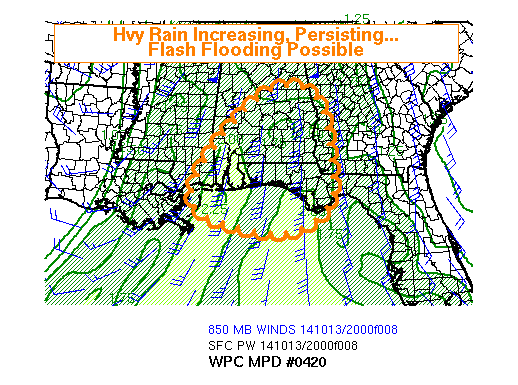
AREAS AFFECTED...WRN FL...FAR SRN MS...SRN AL...FAR SW GA

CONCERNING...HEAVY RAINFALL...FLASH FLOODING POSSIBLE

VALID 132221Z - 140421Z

SUMMARY...THE EARLY ONSET OF A POTENTIALLY LENGTHY PERIOD OF HEAVY
RAIN IS EXPECTED THIS EVENING. GIVEN RICH MOISTURE AND STRONG
INFLOW TO SUSTAIN STORMS...FLASH FLOODING MAY BE OBSERVED IN THIS
REGION BY 01-04Z.

DISCUSSION...AS OF 22Z RADAR AND SATELLITE TRENDS SUPPORTED HIGH
RESOLUTION MODELS IN SUGGESTING THAT AN ANTICIPATED HEAVY RAIN
EVENT WAS BEGINNING ALONG THE GULF COAST. THIS REGION WAS AT THE
NOSE OF A BROAD PLUME OF ENHANCED DEEP-LAYER MOISTURE AND
ASSOCIATED INSTABILITY AS DETAILED IN A RECENT NESDIS MESSAGE.
SATELLITE IMAGERY AND RAP FORECASTS INDICATED A LEAD SHORTWAVE
TROUGH APPROACHING FROM THE CENTRAL GULF...PROMOTING AN INCREASE
OF CONVECTION AHEAD OF A QUASI-LINEAR SYSTEM. WARM ADVECTION ALONG
THE EAST SIDE OF THE MOISTURE PLUME HAD LEAD TO FOCUSED STORM
CLUSTERS IN THE FLORIDA PANHANDLE. DESPITE STRONG SHEAR AND
RESULTING SUPERCELL CHARACTER IN SOME OF THE STORMS...RADAR
ESTIMATED RAIN RATES WERE STILL IMPRESSIVE AT ANYWHERE FROM 1.5 TO
JUST UNDER 2.5 INCHES IN AN HOUR.

THE LEAD SHORTWAVE...FOLLOWED BY THE APPROACH OF THE BROAD SCALE
UPPER TROUGH AND ASSOCIATED SQUALL LINE...SHOULD LEAD TO A GRADUAL
INCREASE OF AREAL COVERAGE OF HEAVY RAIN. ON A FINER SCALE...THE
12Z NSSL WRF AND SUCCESSIVE...18-20Z...HRRR RUNS SHOW A SIGNAL FOR
ESPECIALLY HEAVY RAIN THROUGH 04Z ALONG AN AXIS FROM THE FLORIDA
PANHANDLE TO SOUTHEAST ALABAMA. THIS AXIS HAD ALREADY REVEALED
ITSELF IN RADAR TRENDS...RUNNING FROM APALACHICOLA AND PANAMA CITY
NORTHWARD. THE FLASH FLOOD THREAT IS EXPECTED TO PERSIST AND
PERHAPS WORSEN LATER IN THE NIGHT... ESPECIALLY NEAR THE
COAST...AS THE UPPER PATTERN YIELDS STRONG INFLOW WITHOUT MUCH
FRONTAL PROGRESSION.